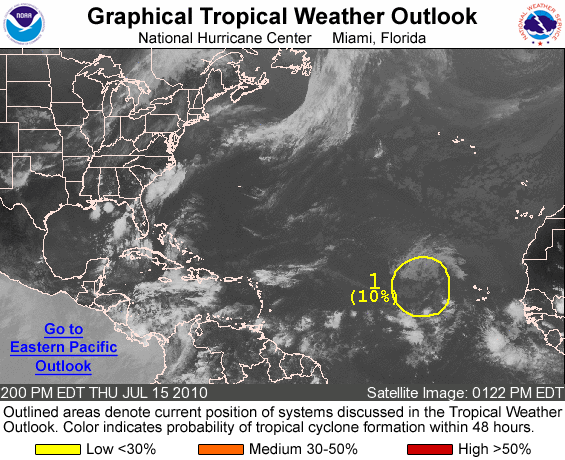
FOR THE NORTH ATLANTIC...CARIBBEAN SEA AND THE GULF OF MEXICO...

1. A LARGE TROPICAL WAVE LOCATED ABOUT 400 MILES WEST OF THE CAPE VERDE ISLANDS IS MOVING WESTWARD AT 20 TO 25 MPH. SHOWER ACTIVITY IS CURRENTLY LIMITED WITH THIS SYSTEM...BUT ENVIRONMENTAL CONDITIONS ARE EXPECTED TO GRADUALLY BECOME MORE CONDUCIVE FOR SOME SLOW DEVELOPMENT TO OCCUR OVER THE NEXT COUPLE OF DAYS. THERE IS A LOW CHANCE...10 PERCENT...OF THIS SYSTEM BECOMING A TROPICAL CYCLONE DURING THE NEXT 48 HOURS.

ELSEWHERE...TROPICAL CYCLONE FORMATION IS NOT EXPECTED DURING THE NEXT 48 HOURS.

FORECASTER STEWART